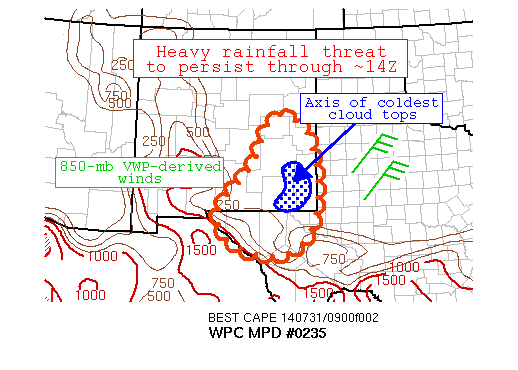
AREAS AFFECTED...EASTERN NM/FAR WEST TX...

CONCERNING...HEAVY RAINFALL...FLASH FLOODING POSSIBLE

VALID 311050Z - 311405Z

SUMMARY...SLOW-MOVING EARLY MORNING CONVECTION TO PERSIST ACROSS
FAR SOUTHEASTERN NM. EVENTUAL DEVELOPMENT ACROSS THE TX BORDER IS
POSSIBLE GIVEN AMPLE INSTABILITY EXISTS OVER FAR WEST TX.

DISCUSSION...OVERNIGHT CONVECTION WHICH WAS MORE CONFINED TO
SOUTH-CENTRAL NM HAS GRADUALLY SHIFTED FOCUS TOWARD THE EAST WITH
HEAVY RAINFALL TRAINING ACROSS SOUTHEASTERN NM. WHILE INSTABILITY
HAS GRADUALLY WANED OVER THE REGION...09Z RAP MODEL SOUNDINGS SHOW
FAVORABLE THERMODYNAMIC PROFILES WITH A SATURATED LAYER EXTENDING
FROM THE BOUNDARY LAYER UP TO 600-MB. VAD WIND PROFILES FROM LOCAL
WSR-88D RADARS INDICATED MODERATE 25 TO 30 KNOT NORTHEASTERLY
UPSLOPE FLOW WHICH IS EXPECTED TO MAINTAIN ITSELF FOR THE NEXT FEW
HOURS BEFORE WEAKENING. THERE IS A CHANCE THIS ACTIVITY DEVELOPS
SOUTHWARD INTO THE BETTER INSTABILITY WITH THE 09Z RAP SHOWING 500
TO 1000 J/KG OF MUCAPE.

HIGH-RESOLUTION MODELS ARE NOT HANDLING THIS CONVECTION WELL AT
ALL SO RELYING COMPLETELY ON OBSERVATIONAL DATA ALONG WITH
RADAR/SATELLITE TRENDS. THIS AREA HAS ALREADY EXPERIENCED FLASH
FLOODING CONDITIONS PER A REPORT IN EDDY COUNTY IN NM. WHILE
HOURLY RAINFALL RATES MAY NOT EXCEED 1.50 INCHES...IT SHOULD STILL
BE ENOUGH TO KEEP A THREAT FOR FLASH FLOODING THROUGH AT LEAST
14Z.